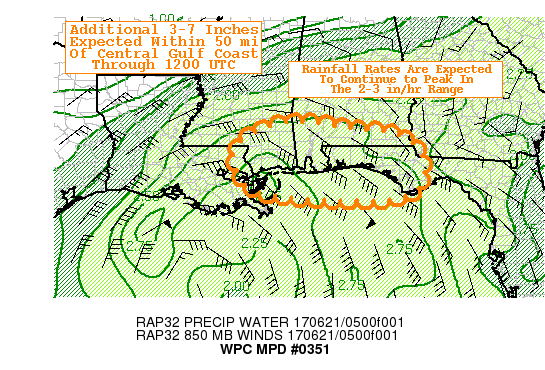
AREAS AFFECTED...EXTREME SERN LA...SRN MS/AL INTO THE CNTRL FL
PANHANDLE

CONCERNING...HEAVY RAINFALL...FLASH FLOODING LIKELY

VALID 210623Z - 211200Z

SUMMARY...AN ADDITIONAL 3-7 INCHES OF RAIN IS EXPECTED ALONG THE
CNTRL GULF COAST THROUGH 12Z WHICH WILL POSE SIGNIFICANT FLASH
FLOOD CONCERNS FOR THE REGION.

DISCUSSION...GOES 15 WATER VAPOR IMAGERY SHOWED DRIER MID-LEVEL
AIR WRAPPING NWD AROUND T.S. CINDY INTO THE SOUTHEAST COAST OF LA
AS OF 06Z...WHICH WAS CAUSING A LULL IN PRECIPITATION RATES FOR
THE MISSISSIPPI DELTA...GENERALLY SOUTH OF LAKE PONTCHARTRAIN.
FARTHER EAST HOWEVER...06Z INFRARED IMAGERY WAS SHOWING CLOUD TOP
ENHANCEMENT NORTHEAST OF THE CENTER OF T.S. CINDY WITH ONE OR TWO
BURSTS OF COLDER CLOUD TOPS SOUTH OF SANTA ROSA AND OKALOOSA
COUNTIES IN THE WRN FL PANHANDLE. CLOUD TOP ENHANCEMENT IS
OCCURRING WITHIN A CORRIDOR OF LOW LEVEL CONVERGENCE AND STRONGER
LOW LEVEL WIND SPEEDS...45-55 KT AS MEASURED BY KMOB VAD WIND
PROFILE DATA AND BY USING RAP ANALYSES TO THE SOUTH OVER THE OPEN
GULF.

RELATIVELY DRIER AIR IS EXPECTED TO CONTINUE TO LIFT NORTH INTO
SERN LA...WHILE  IMMEDIATELY TO THE EAST...THE STRONG LOW LEVEL
CONVERGENCE BAND FOCUSES SOME OF THE HEAVIEST RAINFALL RATES OF
THE MORNING INTO THE COASTS OF MS/AL AND THE WRN FL PANHANDLE.
PRECIPITABLE WATER VALUES APPROACHING 2.75 INCHES COMBINED WITH
45-55 KTS OF 850 MB FLOW WILL PROVIDE EXTREME LOW LEVEL MOISTURE
TRANSPORT TO THE NORTH. THERE IS ALSO A WEST-EAST REGION OF LOW
LEVEL CONVERGENCE SEEN IN SURFACE OBSERVATIONS JUST SOUTH OF THE
GULF COAST...WHICH SHOULD ALLOW FOR 2-3 IN/HR RATES ON AVERAGE TO
ITS NORTH WITHIN TRAINING CORES OF HEAVY RAIN...BUT LOCALLY HIGHER
RATES CANNOT BE RULED OUT. THE RESULT IS EXPECTED TO BE A
WIDESPREAD ADDITIONAL 3-7 INCHES OF RAIN FROM SRN MS INTO THE
CNTRL FL PANHANDLE...WITH AN ESTIMATED MAXIMUM FROM FAR SERN MS
INTO THE FAR WRN FL PANHANDLE.